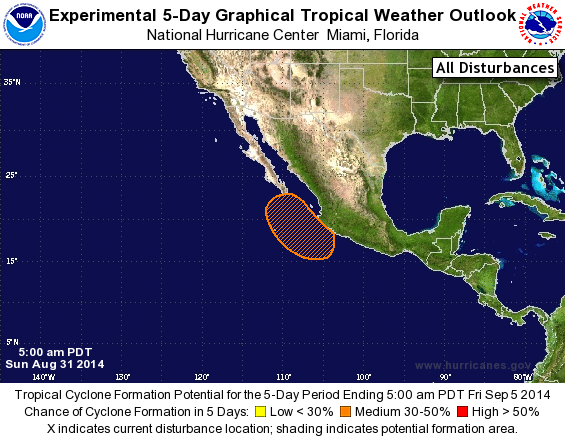
For the eastern North Pacific...east of 140 degrees west longitude:

1. An area of low pressure is expected to form early next week within a few hundred miles of the coast of southwestern Mexico. Some slow development of this system is possible after that time while it moves slowly northwestward and nears the the southern Baja California peninsula.
* Formation chance through 48 hours...low...near 0 percent.
* Formation chance through 5 days...medium...30 percent.

Forecaster Kimberlain